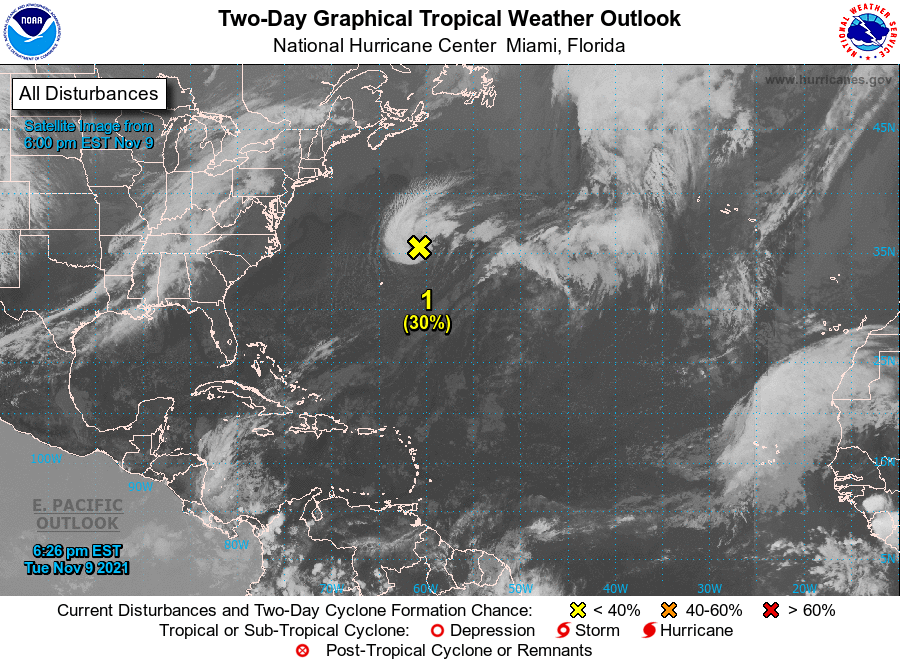
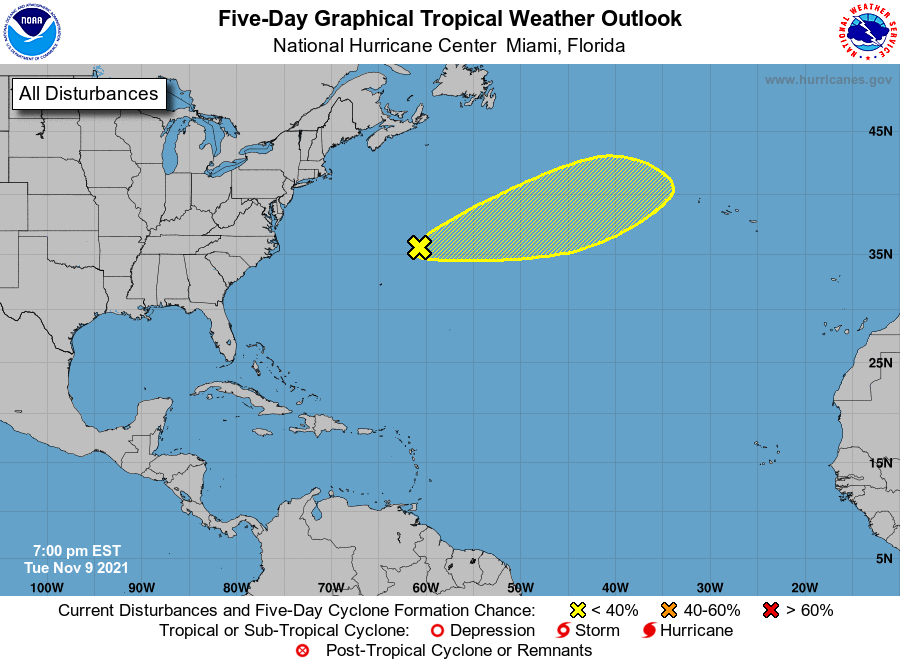
For the North Atlantic...Caribbean Sea and the Gulf of Mexico:

1. Showers and thunderstorms associated with a storm-force non-tropical low centered about 300 miles northeast of Bermuda have become better organized since this morning. As the low moves eastward and then northeastward during the next couple of days, some additional development is possible while the system remains over relatively warm water south of the Gulf Stream. After that time, the system is forecast to be absorbed by another non-tropical low. Additional information on this system can be found in High Seas forecasts issued by the National Weather Service.
* Formation chance through 48 hours...low...30 percent.
* Formation chance through 5 days...low...30 percent.

High Seas Forecasts issued by the National Weather Service can be found under AWIPS header NFDHSFAT1, WMO header FZNT01 KWBC, and online at ocean.weather.gov/shtml/NFDHSFAT1.php

Forecaster Beven